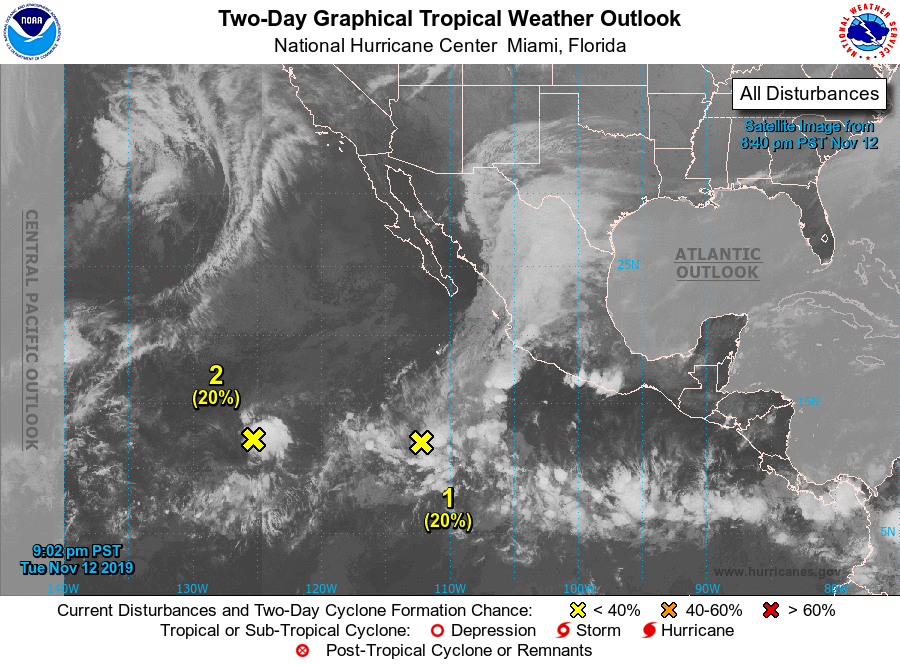
For the eastern North Pacific...east of 140 degrees west longitude:

1. A broad area of low pressure located several hundred miles south of the southern tip of the Baja California peninsula is producing disorganized showers and thunderstorms. Gradual development of this disturbance is possible over the next several days, and a tropical depression could form late this week while it moves slowly northward. However, upper-level winds are expected to become unfavorable for any further development of this system by late this weekend.
* Formation chance through 48 hours...low...20 percent.
* Formation chance through 5 days...medium...50 percent.

2. Showers and thunderstorms have increased this evening in association with an area of low pressure located over 1000 miles west-southwest of the southern tip of the Baja California peninsula. Upper level winds are expected to be only marginally conducive for development of this system while it moves slowly westward over the next couple of days. By this weekend, upper level winds are expected to become unfavorable for any further development of this disturbance.
* Formation chance through 48 hours...low...20 percent.
* Formation chance through 5 days...low...20 percent.

Forecaster Latto